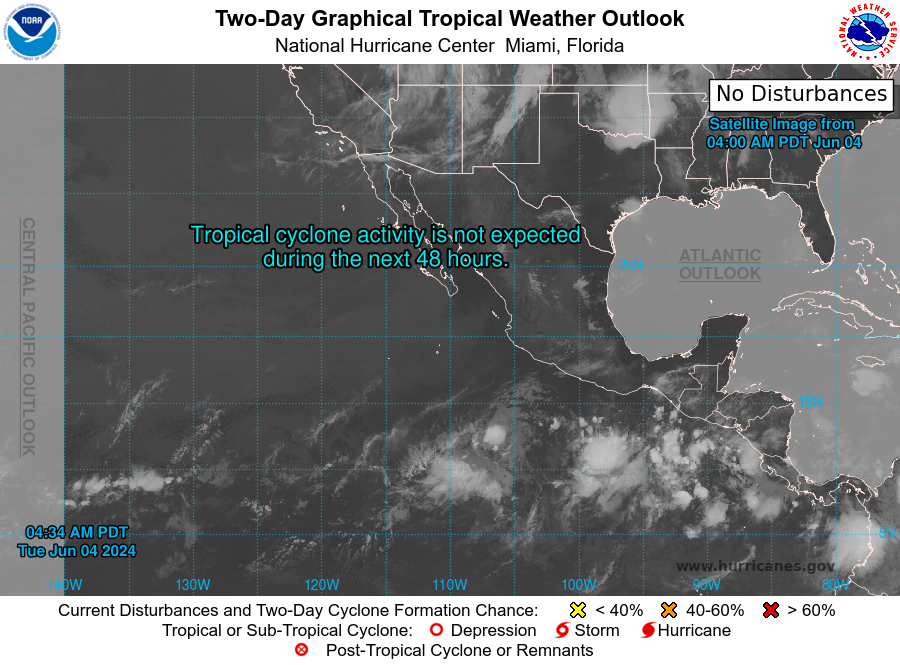
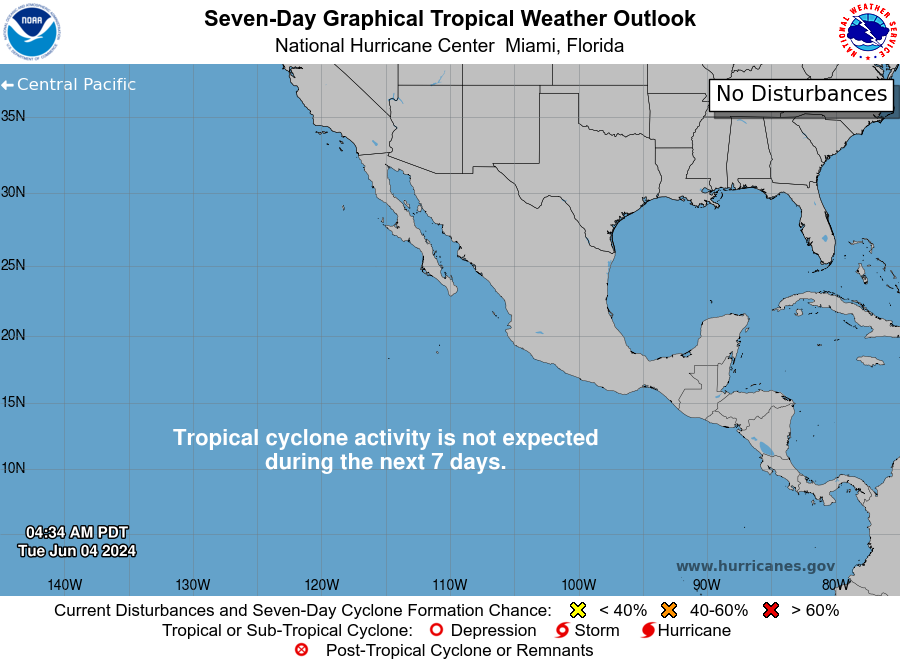
For the eastern North Pacific...east of 140 degrees west longitude:

Tropical cyclone formation is not expected during the next 7 days.

Forecaster Hagen/Blake